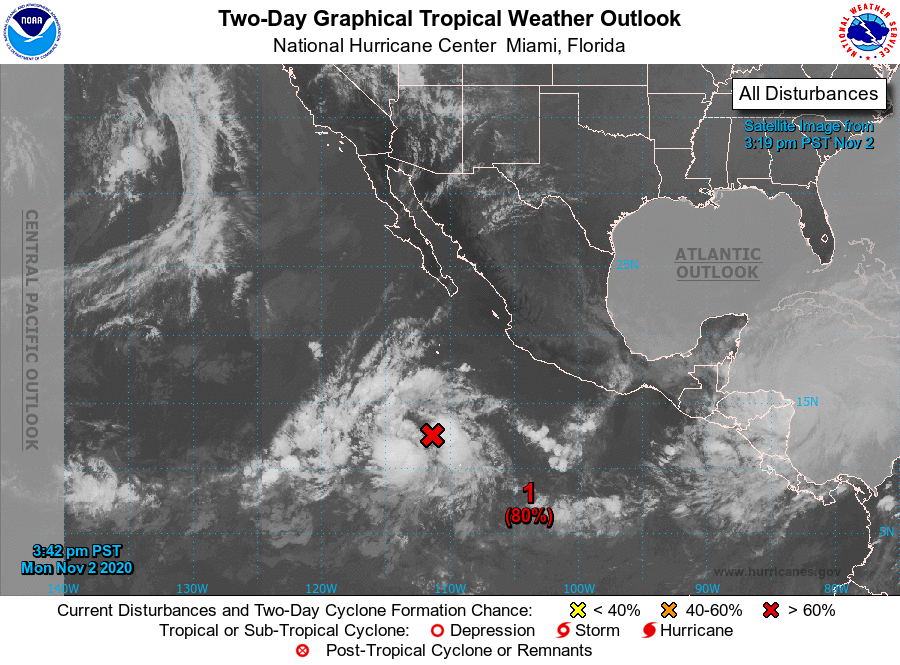
For the eastern North Pacific...east of 140 degrees west longitude:

1. Showers and thunderstorms continue to slowly organize along a broad area of low pressure located over 700 miles south of the southern tip of the Baja California Peninsula. Environmental conditions are expected to be conducive for development, and a tropical depression is likely to form during the next couple of days as the system moves west-northwestward or northwestward well offshore of the coast of Mexico.
* Formation chance through 48 hours...high...80 percent.
* Formation chance through 5 days...high...90 percent.

Forecaster Papin/Cangialosi